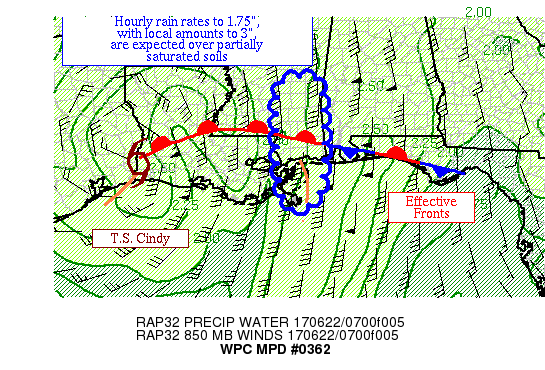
AREAS AFFECTED...FAR SOUTHEAST LA & SOUTHERN MS

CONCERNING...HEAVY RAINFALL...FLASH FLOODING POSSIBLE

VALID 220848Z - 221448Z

SUMMARY...SHOWERS AND THUNDERSTORMS ARE INCREASING IN COVERAGE AND
INTENSITY NEAR THE SOUTHEAST TIP OF LA INTO SOUTHERN MS.  HOURLY
RAIN RATES TO 1.75", WITH LOCAL AMOUNTS TO 3", ARE EXPECTED.

DISCUSSION...SHOWERS AND THUNDERSTORMS ARE STRENGTHENING NEAR A
SURFACE CONVERGENCE ZONE MOST OBVIOUS SOUTH OF THE MISSISSIPPI
SOUND, WITH ACTIVITY SLOWLY WAVERING EAST-WEST ACROSS THE TROUGH
AXIS.  AN AREA OF DARKENING ALOFT/A POSSIBLE SHORTWAVE IS MOVING
IN FROM THE WEST, WHICH IS HELPING TO LEAD TO CLOUD TOP COOLING IN
THE AREA.  PRECIPITABLE WATER VALUES OF 2.25" LIE ACROSS THE
REGION.  INSTABILITY TRENDS ARE SOMEWHAT UPWARD, WITH MLCAPE
VALUES IN THE 500-1000 J/KG RANGE.  INFLOW AT 850 HPA IS OUT OF
THE SOUTH AT 40 KTS, SLIGHTLY EXCEEDING THE MEAN 850-400 HPA WIND.

THE 00Z SSEO NEIGHBORHOOD PROBABILITIES SUPPORT AN INCREASING
THREAT OF HEAVY RAIN INTO THE MORNING HOURS.  RADAR ESTIMATES AS
OF LATE ARE APPROACHING 1.5"/HOUR OVER A REGION THAT HAS RECEIVED
3-7" FROM CINDY THUS FAR.  THE MESOSCALE GUIDANCE ADVERTISES LOCAL
AMOUNTS OF 3" THROUGH 15Z, WHICH SEEMS REASONABLE.